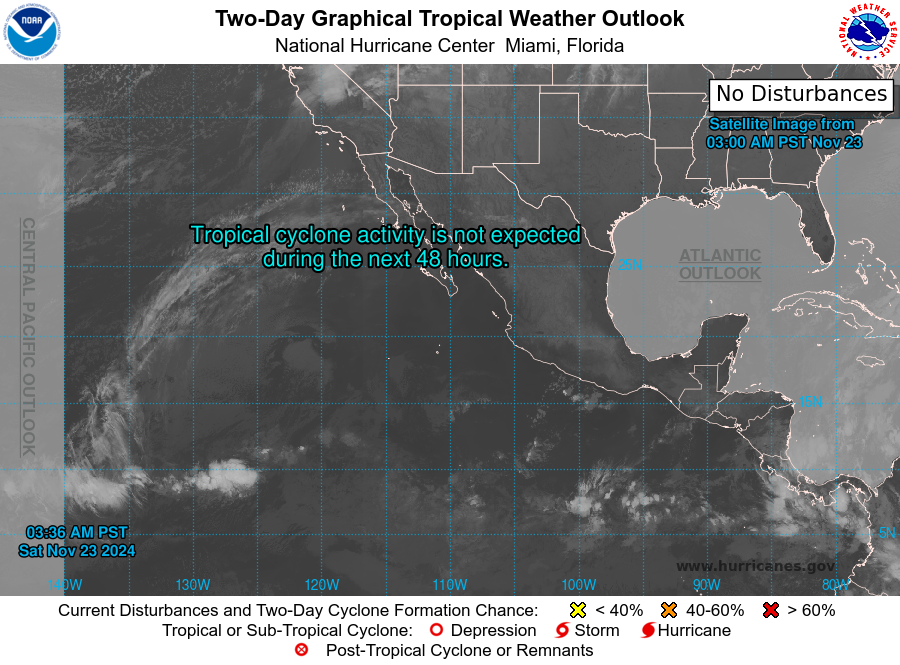
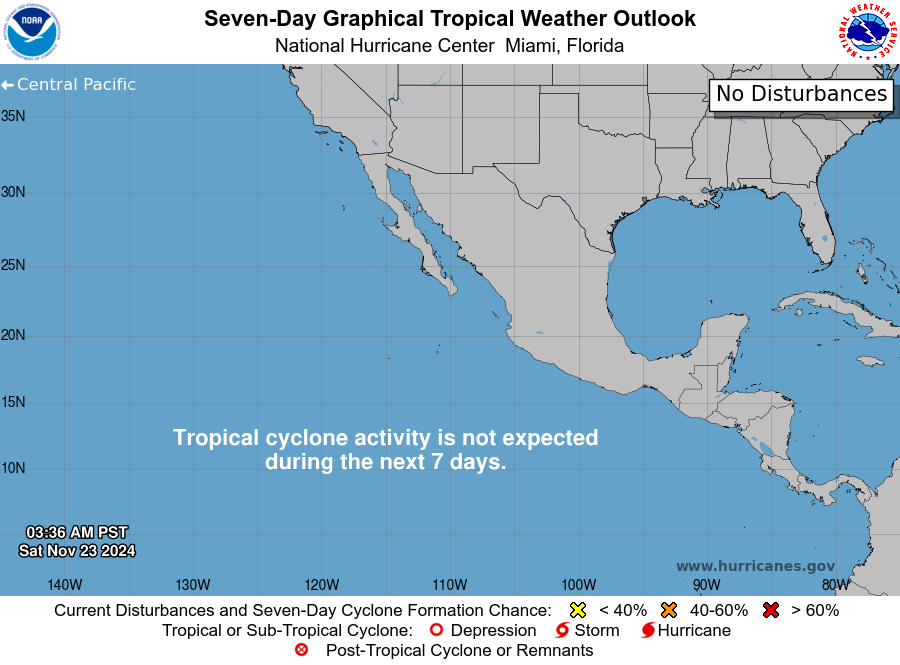
For the eastern North Pacific...east of 140 degrees west longitude:

Tropical cyclone formation is not expected during the next 7 days.

Forecaster Beven